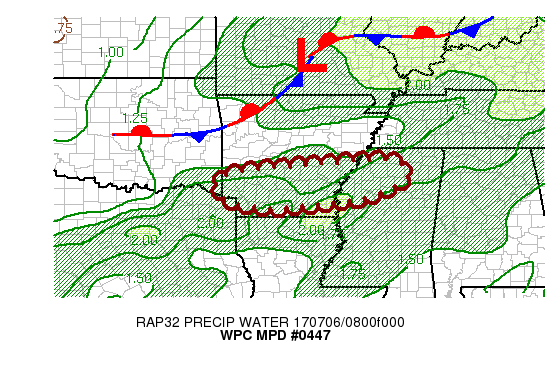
AREAS AFFECTED...SOUTHERN AR...NORTHWEST MS

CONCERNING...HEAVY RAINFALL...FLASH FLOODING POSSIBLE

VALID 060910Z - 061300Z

SUMMARY...HEAVY SHOWERS AND THUNDERSTORMS WITH SOME TRAINING CELLS
MAY CAUSE SOME FLASH FLOODING OVER THE NEXT COUPLE OF HOURS.

DISCUSSION...AN ELONGATED AXIS OF HEAVY SHOWERS AND THUNDERSTORMS
HAS DEVELOPED OVER THE LAST COUPLE HOURS OVER AREAS OF SOUTHERN AR
IN ASSOCIATION WITH A POOL OF VERY MOIST AND UNSTABLE AIR FOCUSED
ALONG AND AHEAD OF A FRONTAL BOUNDARY. THE ACTIVITY IS ALSO BEING
AIDED BY THE TAIL END OF A SHORTWAVE TROUGH WHICH IS LIFTING
THROUGH THE MID MS VALLEY...AND PROXIMITY OF SOME WEAK
RIGHT-ENTRANCE REGION JET DYNAMICS.

THE CONVECTION WILL LIKELY TEND TO SUSTAIN ITSELF OVER THE NEXT
FEW HOURS GIVEN THE MODEST UPPER JET SUPPORT OVER THE REGION AND
WILL BE CAPABLE OF PRODUCING RAINFALL RATES OF UP TO 2.5 INCHES/HR
WITH THE AID OF A RATHER DEEP COLUMN OF ENHANCED MOISTURE WHICH
WILL PROVIDE EFFICIENT RAINFALL PROCESSES.

HIRES GUIDANCE IS HARDLY EVEN CAPTURING THIS CONVECTIVE
EVOLUTION...BUT GIVEN THE COOLING CLOUD TOP TRENDS AND SUGGESTION
OF A COUPLE OF OVERSHOOTING TOPS...EXPECT SOME ADDITIONAL
CONVECTIVE ORGANIZATION GOING THROUGH DAWN WITH A GENERAL MOTION
OFF TO THE EAST. THIS WILL ALLOW FOR AREAS OF NORTHWEST MS TO ALSO
GET INTO THE STRONGEST CONVECTION.

RAINFALL AMOUNTS OF 3 TO 4 INCHES WITH ISOLATED HEAVIER AMOUNTS
WILL BE POSSIBLE...AND ESPECIALLY WITH SOME TRAINING CELL ACTIVITY
WHICH THE LATEST RADAR TRENDS ARE SUPPORTING. SOME FLASH FLOODING
WILL BE POSSIBLE.